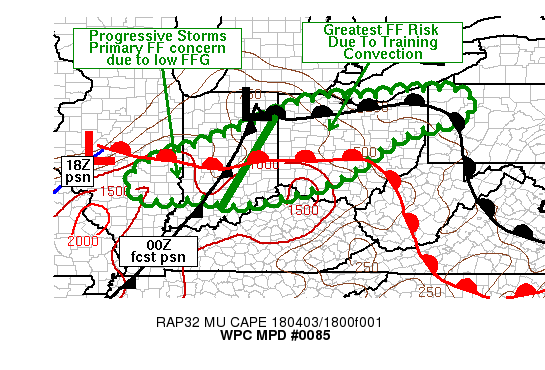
AREAS AFFECTED...ERN IL INTO IN...WRN AND NRN OHIO/WRN PA

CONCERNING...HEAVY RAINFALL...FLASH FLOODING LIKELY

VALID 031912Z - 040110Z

SUMMARY...FLASH FLOODING IS EXPECTED FROM ERN IN...INTO MUCH OF
OHIO AND PERHAPS NWRN PA THROUGH 00Z WITH AN ADDITIONAL 1-3 INCHES
POSSIBLE ON TOP OF LOW FLASH FLOOD GUIDANCE. A SECONDARY CONCERN
FOR FLASH FLOODING EXISTS ACROSS ERN IL INTO WRN IN WHERE FLASH
FLOOD GUIDANCE IS ALSO LOW...ALTHOUGH STORMS SHOULD BE MORE
PROGRESSIVE TOWARD THE WEST.

DISCUSSION...ADDITIONAL TRAINING OF CONVECTION APPEARS LIKELY FROM
PORTIONS OF ERN IN INTO WRN AND NRN OHIO OVER THE NEXT 3 TO 6
HOURS. AS A WARM FRONT CONTINUES TO SLOWLY LIFT NORTH ACROSS THE
OHIO VALLEY AS OF 18Z...THINNING OF CLOUDS HAS ALLOWED FOR GREATER
SOLAR INSOLATION AND INCREASED MLCAPE NEAR THE SRN IN/OH BORDER.
INCREASES IN MUCAPE ARE ALSO ESTIMATED TO HAVE OCCURRED OVER NRN
OH...NORTH OF THE WARM FRONT WITH SUFFICIENT
INSTABILITY...500-1000+ J/KG...PRESENT ACROSS MUCH OF THE MPD
THREAT AREA...WITH THE EXCEPTION OF NWRN PA WHERE MUCAPE REMAINS
BELOW 100 J/KG. THIS DATA COMES FROM THE SPC MESOANALYSIS PAGE.

RADAR IMAGERY AS OF 1845Z SHOWED A SOUTHWEST TO NORTHEAST ORIENTED
AXIS OF CONVECTION MOVING THROUGH IN...LIKELY FOCUSED JUST AHEAD
OF A SUBTLE SHORTWAVE VISIBLE ON GOES-16 MID-LEVEL WATER VAPOR
IMAGERY. THIS REGION OF CONVECTION IS EXPECTED TO CONTINUE
EXPANDING BENEATH AN INCREASINGLY DIFFLUENT FLOW PATTERN
ALOFT...OUT AHEAD OF AN APPROACHING UPPER LEVEL TROUGH AXIS
CURRENTLY MOVING THROUGH THE NORTHERN PLAINS. THE ORIENTATION OF
THE WARM FRONT WILL ROUGHLY ALIGN WITH MEAN STORM MOTIONS OFF TO
THE EAST-NORTHEAST WITH UNIDIRECTIONAL FLOW ALOFT ALLOWING FOR THE
LIKELIHOOD OF TRAINING CONVECTION. AS THE CURRENT ROUND OF
CONVECTION MOVES FROM SRN IN INTO OH...ADDITIONAL CONVECTION WILL
BE POSSIBLE WITHIN AN UNSTABLE AIRMASS OVER SRN IN...IN ADVANCE OF
A COLD FRONT.

AHEAD OF THE COLD FRONT...CURRENTLY EXTENDING SOUTHWEST FROM A LOW
IN CNTRL IL...CONVECTION IS ANTICIPATED TO EXPAND THROUGH THE
EVENING WITH RAINFALL RATES OF 0.5 TO 1.0+ IN/HR. WHILE THESE
STORMS ARE EXPECTED TO STEADILY PROGRESS TO THE EAST WITH THE
MOVEMENT OF THE COLD FRONT...FLASH FLOOD GUIDANCE ACROSS PORTIONS
OF THIS REGION IS LESS THAN AN INCH IN 1 AND 3 HOURS...PROMPTING A
SHORT TERM CONCERN FOR FLASH FLOODING/RUNOFF.

GIVEN SATURATED SOILS AND EXPECTED TRAINING TO THE EAST...FLASH
FLOODING IS CONSIDERED LIKELY ACROSS BOTH REGIONS OF THE OHIO
VALLEY DESCRIBED ABOVE.